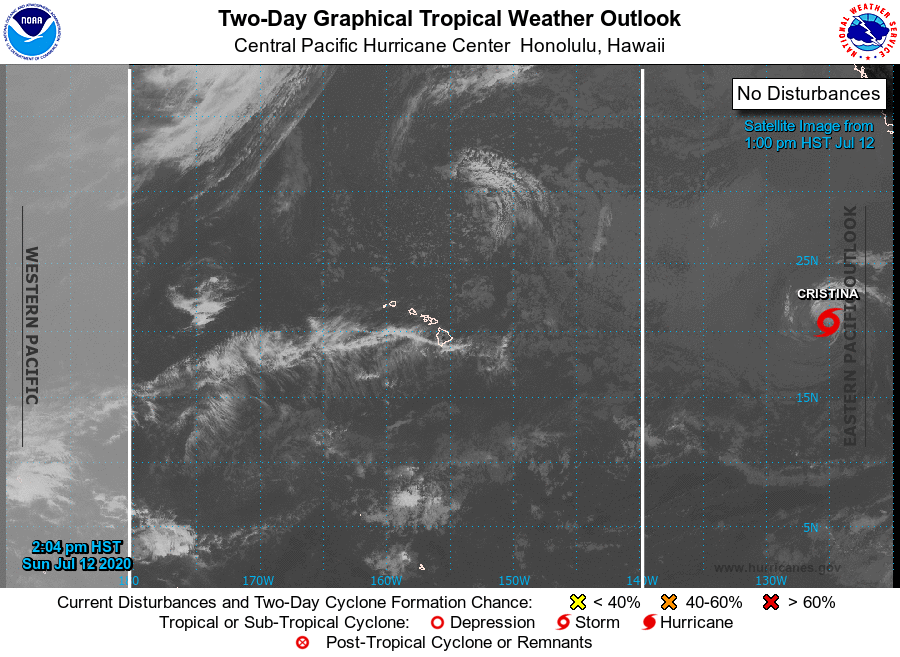
For the central North Pacific...between 140W and 180W:

No tropical cyclones are expected during the next 5 days.

Forecaster Burke